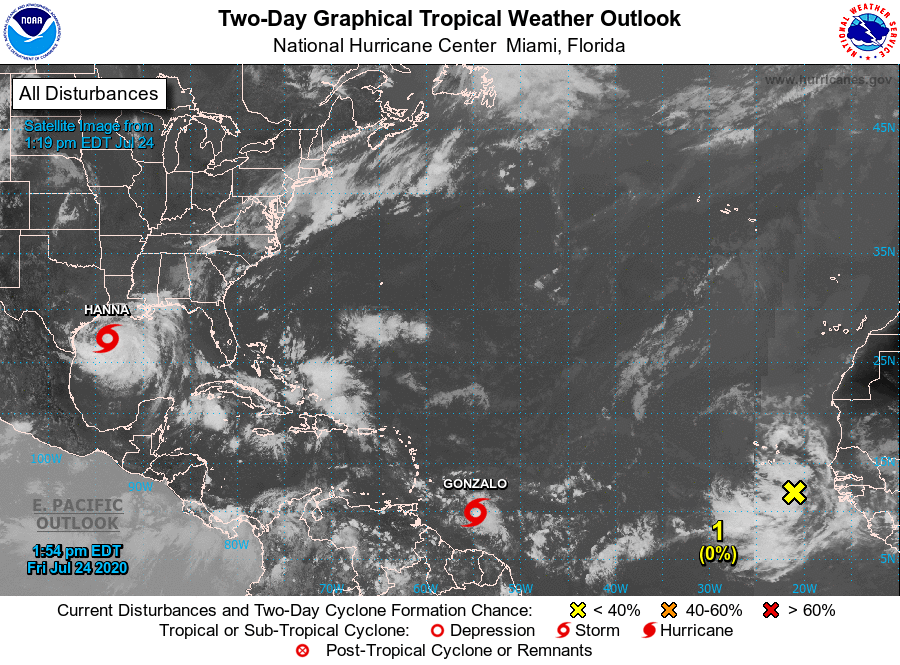
For the North Atlantic...Caribbean Sea and the Gulf of Mexico:

The National Hurricane Center is issuing advisories on Tropical Storm Gonzalo, located less than 500 miles east of the southern Windward Islands.

The National Hurricane Center is also issuing advisories on Tropical Storm Hanna, located over the western Gulf of Mexico a little more more than 200 miles east of Corpus Christi, Texas.

A tropical wave located about 300 miles south-southeast of the Cabo Verde Islands continues to produced an area of cloudiness and disorganized showers and thunderstorms. The disturbance is expected move westward across the tropical Atlantic during the next several days, and some gradual development of this system is possible by early next week when it reaches the western tropical Atlantic.

1.
* Formation chance through 48 hours...low...near 0 percent.
* Formation chance through 5 days...medium...40 percent.

Forecaster Stewart